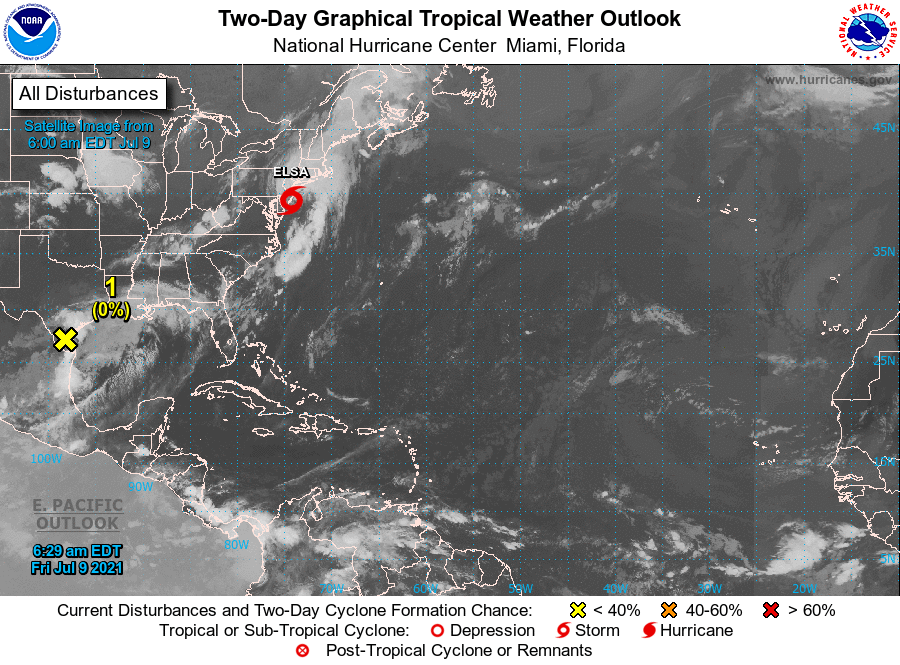
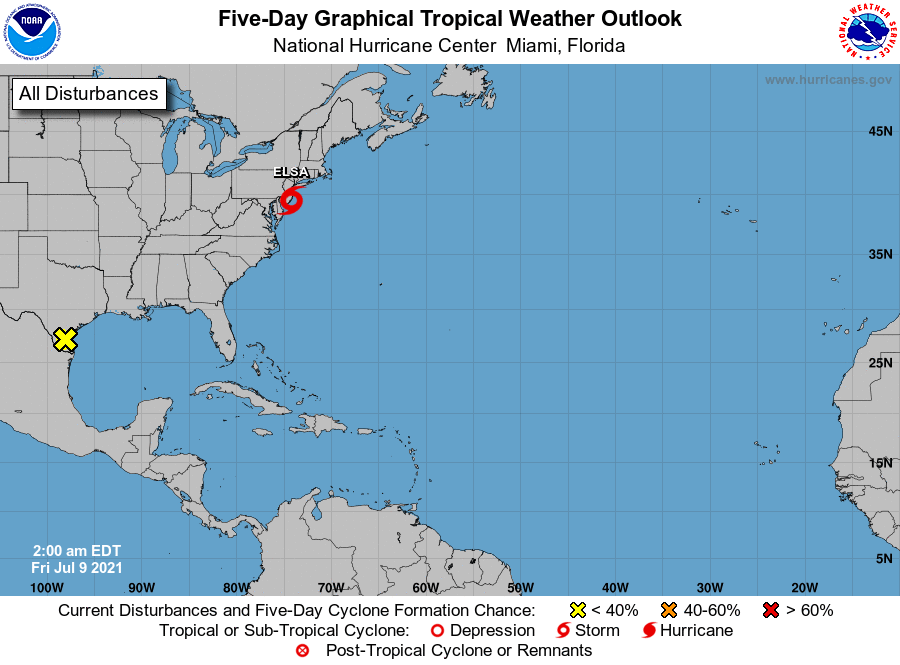
For the North Atlantic...Caribbean Sea and the Gulf of Mexico:

The National Hurricane Center is issuing advisories on Tropical Storm Elsa, located inland over southern Delaware.

1. A broad area of low pressure, over south Texas, is producing disorganized showers and thunderstorms over the northwestern Gulf of Mexico. Although development of this system is not anticipated since it is expected to drift westward and remain over land, heavy rainfall and flash flooding will be possible along the Texas Gulf coast over the next day or so. See products issued by your local National Weather Service Forecast Office for additional information.
* Formation chance through 48 hours...low...near 0 percent.
* Formation chance through 5 days...low...near 0 percent.

Forecaster Latto